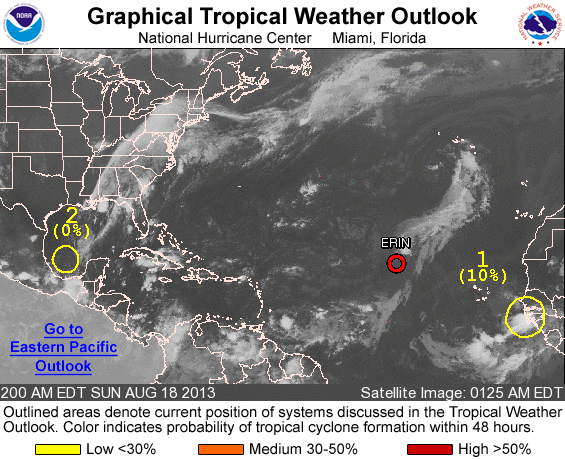
FOR THE NORTH ATLANTIC...CARIBBEAN SEA AND THE GULF OF MEXICO...

THE NATIONAL HURRICANE CENTER IS ISSUING ADVISORIES ON RECENTLY DOWNGRADED TROPICAL DEPRESSION ERIN...LOCATED WEST-NORTHWEST OF THE CAPE VERDE ISLANDS.

1. A LARGE TROPICAL WAVE IS EMERGING OFF OF THE WEST COAST OF AFRICA SEVERAL HUNDRED MILES SOUTHEAST OF THE CAPE VERDE ISLANDS. ALTHOUGH SHOWER AND THUNDERSTORM ACTIVITY IS LIMITED AT THIS TIME... ENVIRONMENTAL CONDITIONS ARE EXPECTED TO BE AT LEAST MARGINALLY FAVORABLE FOR DEVELOPMENT TO OCCUR DURING THE NEXT SEVERAL DAYS AS THE DISTURBANCE MOVES WESTWARD OVER THE TROPICAL ATLANTIC. THIS SYSTEM HAS A LOW CHANCE...10 PERCENT...OF BECOMING A TROPICAL CYCLONE DURING THE NEXT 48 HOURS...AND A MEDIUM CHANCE...30 PERCENT...OF BECOMING A TROPICAL CYCLONE DURING THE NEXT 5 DAYS.

2. A BROAD TROUGH OF LOW PRESSURE LOCATED OVER THE SOUTHWESTERN GULF OF MEXICO IS DRIFTING WESTWARD. SHOWER ACTIVITY IS MINIMAL AND ENVIRONMENTAL CONDITIONS ARE UNFAVORABLE FOR DEVELOPMENT. THIS SYSTEM HAS A LOW CHANCE...NEAR 0 PERCENT...OF BECOMING A TROPICAL CYCLONE DURING THE NEXT 48 HOURS...AND A LOW CHANCE...NEAR 0 PERCENT...OF BECOMING A TROPICAL CYCLONE DURING THE NEXT 5 DAYS.

FIVE-DAY FORMATION PROBABILITIES ARE EXPERIMENTAL IN 2013. COMMENTS ON THE EXPERIMENTAL FORECASTS CAN BE PROVIDED AT...

HTTP://WWW.NWS.NOAA.GOV/SURVEY/NWS-SURVEY.PHP?CODE=ETWO

FORECASTER STEWART